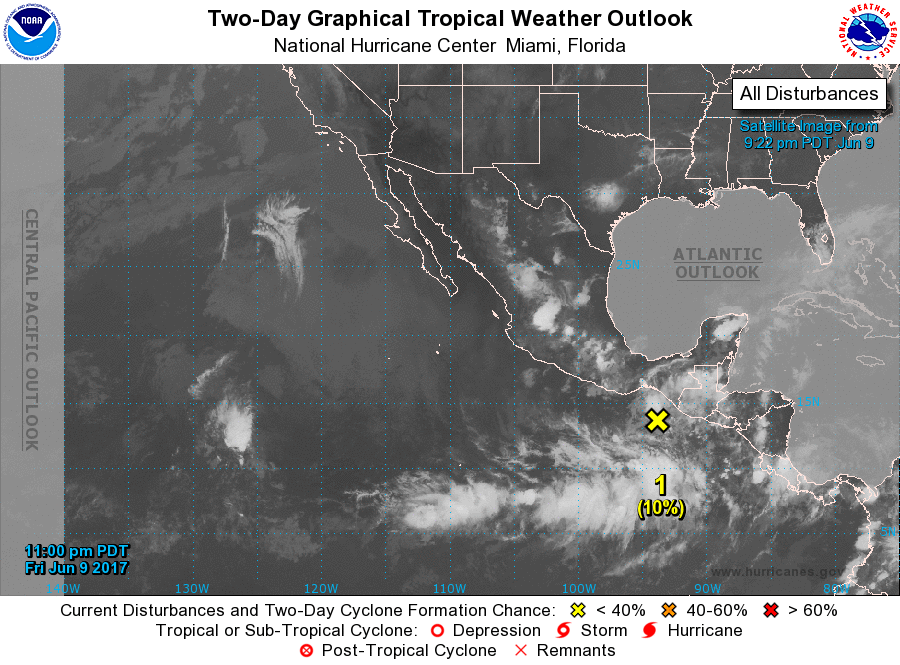
For the eastern North Pacific...east of 140 degrees west longitude:

1. A broad area of low pressure located a couple hundred miles south- southeast of the Gulf of Tehuantepec is currently producing only limited shower and thunderstorm activity. However, some gradual development of this system is possible during the next several days while it moves slowly west-northwestward to northwestward along or near the coast of Mexico.
* Formation chance through 48 hours...low...10 percent.
* Formation chance through 5 days...low...30 percent.

Forecaster Brennan